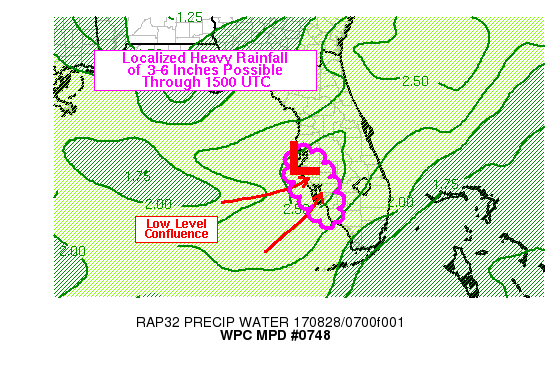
AREAS AFFECTED...WEST CENTRAL AND SOUTHWEST FLORIDA

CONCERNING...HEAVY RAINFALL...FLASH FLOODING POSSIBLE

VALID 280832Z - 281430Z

SUMMARY...THERE IS POTENTIAL FOR 3-6 INCHES OF RAINFALL ALONG
COASTAL LOCATIONS OF WEST CENTRAL TO SOUTHWEST FLORIDA THROUGH
15Z. RAINFALL RATE POTENTIAL NEAR 3 IN/HR MAY CAUSE FLASH FLOODING
OVER WET ANTECEDENT GROUND CONDITIONS.

DISCUSSION...08Z EXPERIMENTAL GOES 16 INFRARED IMAGERY HAS SHOWN A
RECENT INCREASE IN COLDER CLOUD TOPS JUST OFFSHORE OF SARASOTA
COUNTY. A WEAK AREA OF LOW PRESSURE RESIDED OVER TAMPA BAY AT 08Z
WITH WEAK LOW LEVEL CONFLUENT FLOW OBSERVED JUST SOUTH OF THE LOW.
AS HAS BEEN THE CASE FOR THE PAST SEVERAL NIGHTS...UNCAPPED
INSTABILITY OF ABOUT 1000 J/KG RESIDES ALONG AND JUST OFFSHORE OF
THE WESTERN FLORIDA PENINSULA...WITH SLIGHTLY COOLER SURFACE
TEMPERATURES ALLOWING FOR WEAK CIN ACROSS INLAND LOCATIONS.

CONSECUTIVE RUNS OF THE RAP FORECAST THE SURFACE LOW TO DRIFT
NORTH AND WEAKEN. WHETHER THIS OCCURS OR NOT...LOW LEVEL CONFLUENT
FLOW IS EXPECTED TO REMAIN FROM NEAR TAMPA BAY TO NEAR NAPLES OVER
THE NEXT SEVERAL HOURS.  PRECIPITABLE WATER VALUES NEAR THE
WESTERN AND SOUTHWESTERN COAST OF FLORIDA REMAIN NEAR 2.5
INCHES...CAPABLE OF RAINFALL RATES NEAR 3 IN/HR.

THERE IS MODERATE CONFIDENCE THAT THE HEAVIEST CONVECTION WILL
REMAIN WITHIN ABOUT 10 MILES OF THE COAST BUT SOME OF THE RECENT
HI-RES MODEL GUIDANCE THAT IS HANDLING THE ONGOING CONVECTION WELL
SUPPORTS HEAVIER RAINFALL PENETRATING FARTHER INLAND ON A
LOCALIZED BASIS THROUGH 15Z. THERE IS STILL SOME QUESTION AS TO
HOW FAR INLAND THE HEAVIEST RAINFALL WILL BE ABLE TO EXTEND INLAND
BUT GIVEN RECENT HEAVY RAINFALL OVER THE PAST FEW DAYS ACROSS THIS
REGION OF FLORIDA...FLASH FLOODING IS CONSIDERED
POSSIBLE...ESPECIALLY IF OVERLAP OCCURS WITH MORE SENSITIVE URBAN
LOCATIONS.